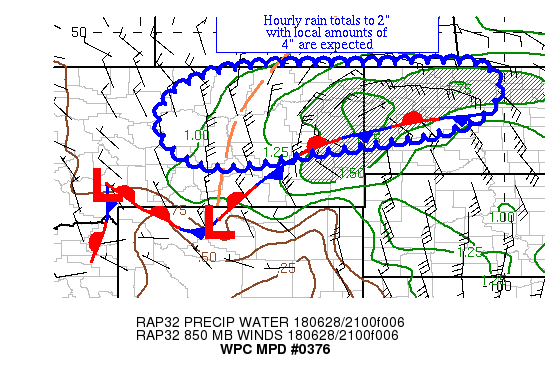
AREAS AFFECTED...EAST-CENTRAL MT & NORTHWEST ND

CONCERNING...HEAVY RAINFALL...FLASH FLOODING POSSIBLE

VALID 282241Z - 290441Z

SUMMARY...THUNDERSTORMS ARE INCREASING IN COVERAGE ACROSS PORTIONS
OF EAST-CENTRAL MT & NORTHWEST ND.  HOURLY RAIN TOTALS TO 2" WITH
LOCAL AMOUNTS TO 4" ARE EXPECTED OVER THE NEXT SEVERAL HOURS.

DISCUSSION...THUNDERSTORMS ARE GROWING IN COVERAGE NORTH OF A PAIR
OF SURFACE WAVES ACROSS EAST-CENTRAL MT, AHEAD OF A SHARP UPPER
TROUGH MOVING THROUGH WESTERN ID AND NV.  OTHER STORMS ARE
SPLITTING ACROSS NORTHWEST ND.  PRECIPITABLE WATER VALUES HAVE
INCREASED TO 0.8-1.1" IN THE HIGH PLAINS OF MT PER GPS VALUES AND
ARE NEAR 1.5" IN ND PER RAP ANALYSES.  INFLOW AT 850 HPA IS
INCREASING OUT OF THE SOUTHEAST PER VAD WIND PROFILES, AT 15-20
KTS.  MORE IMPORTANTLY IS THE EFFECTIVE BULK SHEAR, WHICH IS 40-70
KTS PER SPC MESOANALYSES.  IMPRESSIVE ML CAPE VALUES ARE FEEDING
INTO THE CONVECTION FROM THE WARM SECTOR, IN THE RANGE OF
2000-6500 J/KG.

NOW THAT CONVECTION HAS INITIATED, THE NORTHWARD PROGRESSION OF
THE INSTABILITY GRADIENT SHOULD SLOW/STOP IN THE NEAR TERM.
INFLOW AT 850 HPA SHOULD CONTINUE TO STRENGTHEN WITH TIME
EXCEEDING THE MEAN 850-400 WIND BY 03Z, WITH CONVECTION ADDING TO
THE AVAILABLE MOISTURE IN THE COLUMN.  THE DEGREE OF INSTABILITY
AND BULK SHEAR ARGUES FOR SUPERCELLS AND ULTIMATELY A BOW
ECHO/QLCS/LEWP AROUND THE END OF THE PERIOD ONCE A COLD POOL FORMS
AND THUNDERSTORMS MERGE/CONGEAL INTO A LARGER COMPLEX.  WITH THE
EXPECTATION FOR SUPERCELLS AND CELL MERGERS, THE DEGREE OF
MOISTURE AVAILABLE SUPPORTS HOURLY RAIN TOTALS TO 2".  THE
GUIDANCE WITH THE BEST HANDLE OF THIS ACTIVITY SO FAR HAS BEEN THE
12Z NMMB WHICH HAS CAPTURED ITS MORE WESTERN INITIATION.  ELEMENTS
OF THE HRRR, RAP, AND NAM CONEST APPEAR USEFUL WITH TIME, SO
UTILIZED THOSE FOR MPD AREA DEPICTION.